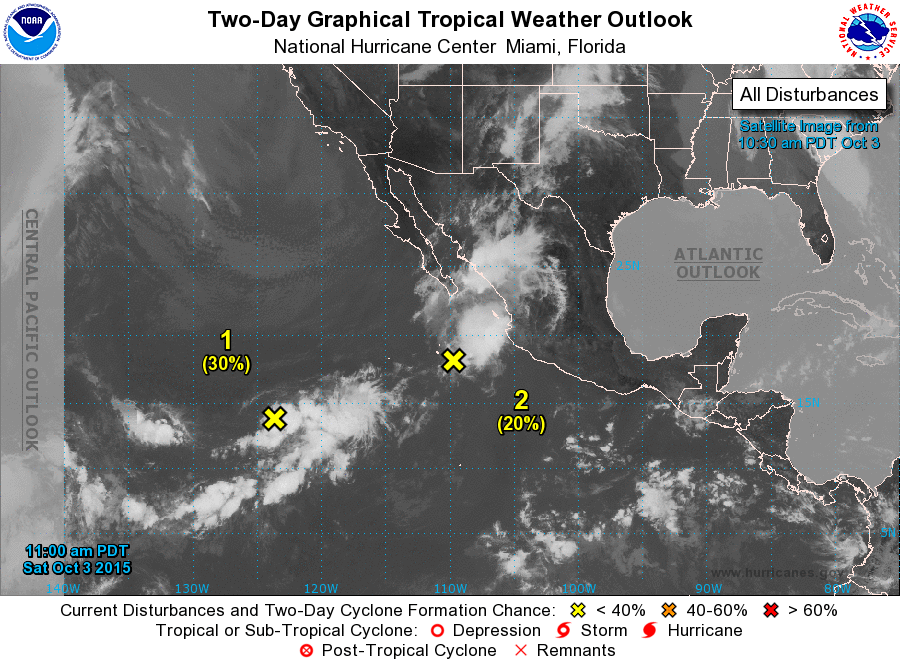
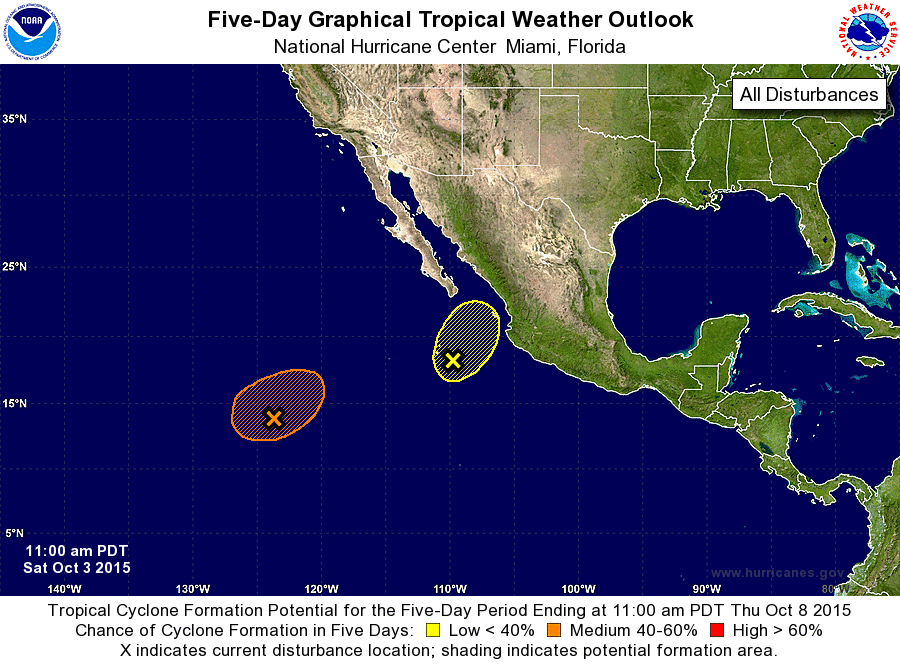
For the eastern North Pacific...east of 140 degrees west longitude:

1. A broad and elongated area of low pressure located about 1100 miles southwest of the southern tip of the Baja California peninsula is producing a large area of disorganized showers and thunderstorms. Environmental conditions are expected to be somewhat conducive, and gradual development is possible while the system moves slowly northward during the next few days.
* Formation chance through 48 hours...low...30 percent
* Formation chance through 5 days...medium...50 percent

2. A well-organized area of low pressure - the remnants of Marty - are located about 350 miles south of the southern tip of the Baja California peninsula. This system is producing some showers and thunderstorms, but strong upper-level winds are anticipated to prevent further significant development. Regardless of development, heavy rainfall is possible over portions of northwestern Mexico through early next week, while the low moves north-northeastward at 5 to 10 mph. .
* Formation chance through 48 hours...low...20 percent
* Formation chance through 5 days...low...20 percent

Forecaster Landsea